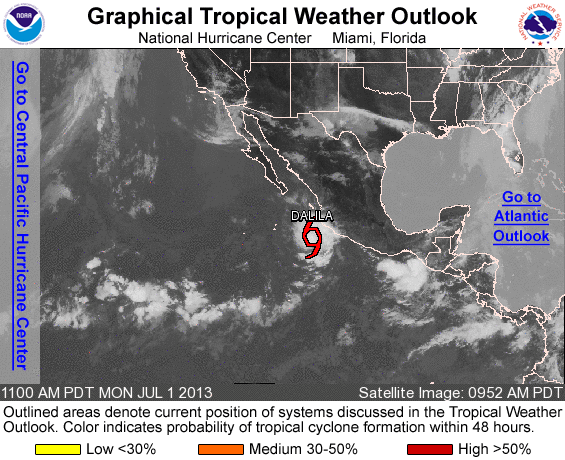
FOR THE EASTERN NORTH PACIFIC...EAST OF 140 DEGREES WEST LONGITUDE..

THE NATIONAL HURRICANE CENTER IS ISSUING ADVISORIES ON TROPICAL STORM DALILA...LOCATED A COUPLE OF HUNDRED MILES SOUTHWEST OF THE COAST OF MEXICO.

ELSEWHERE...TROPICAL CYCLONE FORMATION IS NOT EXPECTED DURING THE NEXT 48 HOURS.

FORECASTER PASCH